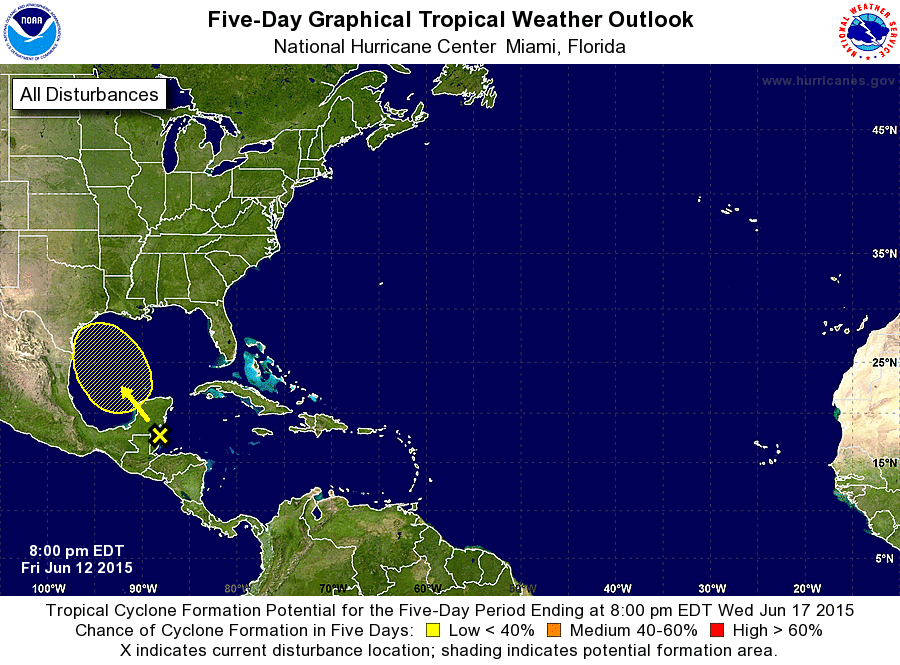
For the North Atlantic...Caribbean Sea and the Gulf of Mexico:

1. Disorganized showers and thunderstorms extending from the northwestern Caribbean Sea to Belize and the Yucatan peninsula of Mexico are primarily associated with an upper-level trough. This activity is expected to move northwestward into the southwestern Gulf of Mexico by late Sunday. Development, if any, is expected to be slow to occur due to marginal upper-level winds while this system moves generally northwestward through the middle of next week.
* Formation chance through 48 hours...low...10 percent
* Formation chance through 5 days...low...20 percent

Forecaster Brennan